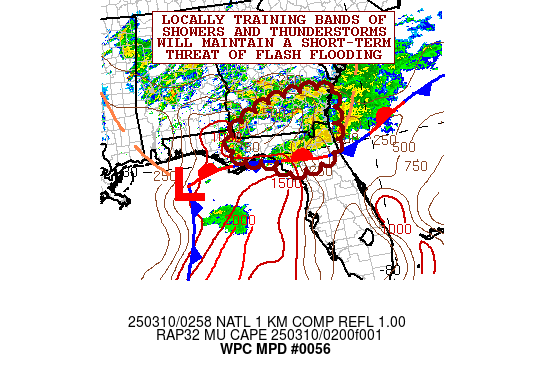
Areas affected...Southern GA...FL Panhandle to Northeast FL

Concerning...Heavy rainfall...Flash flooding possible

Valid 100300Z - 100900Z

SUMMARY...Locally training showers and thunderstorms are forecast
to continue into the overnight hours with additional concerns for
flash flooding.

DISCUSSION...The latest radar imagery shows a band of very heavy
showers and thunderstorms impacting the Big Bend of FL through
northeast FL, with an emphasis over the last couple of hours on
parts of Dixie, Lafayette and Taylor Counties. The convection is
well aligned with a quasi-stationary front draped across the
region and is being driven by focused low-level moisture
convergence and the pooling of instability ahead of a wave of low
pressure transiting the northeast Gulf of America. Meanwhile,
scattered bands of heavy showers and thunderstorms are also seen
redeveloping across areas of the FL Panhandle and up across
southern GA to the north of this front.

PWs of 1.5 to 1.75 inches are in place along the front along with
MUCAPE values of about 1000 J/kg. There is a southwest low-level
jet of 30 to 40 kts helping to favor the moisture and instability
transport, and with rather divergent flow aloft noted out ahead of
an approaching mid-level trough, there should continue to be a
focus well into the overnight hours for additional showers and
thunderstorms that should generally track in a west-southwest to
east-northeast fashion.

Overall, the heaviest rainfall threat at least for the next few
hours should continue to be in vicinity of the Big Bend of FL, but
areas downstream toward northeast FL including the greater
Jacksonville area may also potentially see additional heavy
rainfall amounts from some of these stronger showers and
thunderstorms. The 00Z HREF guidance also maintains a threat for
locally heavy rains across southern GA with sufficient levels of
elevated instability and forcing expected to remain in place for
additional small-scale bands of convection going into the
overnight hours.

Rainfall rates with the stronger storms will be capable of
reaching 1.5 to 2 inches/hour, and additional rainfall totals
overnight may reach as high as 3 to 4+ inches. This will yield an
additional concern at least locally for flash flooding, with the
more urbanized locations generally at greatest risk for seeing
impacts.